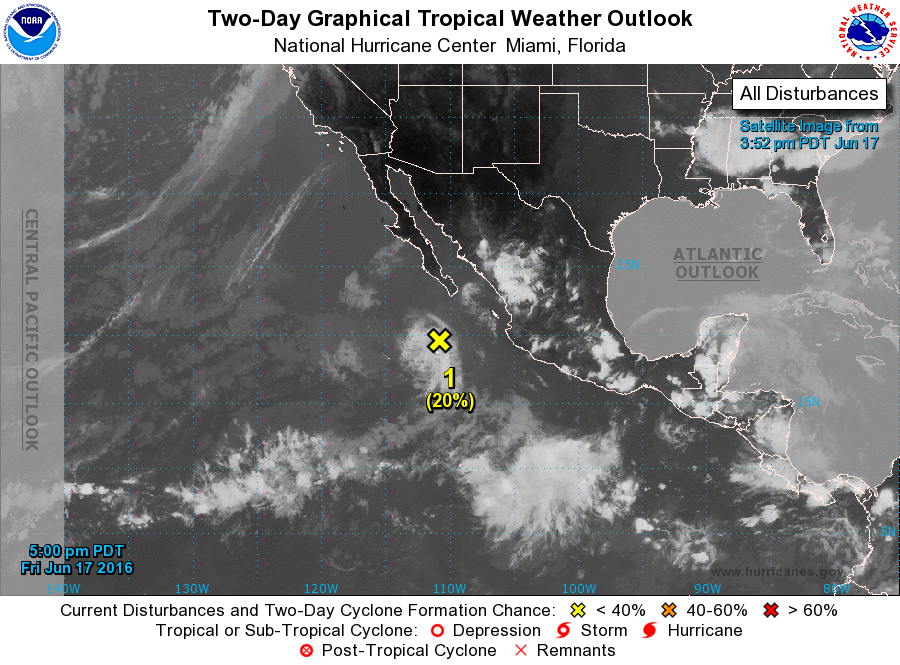
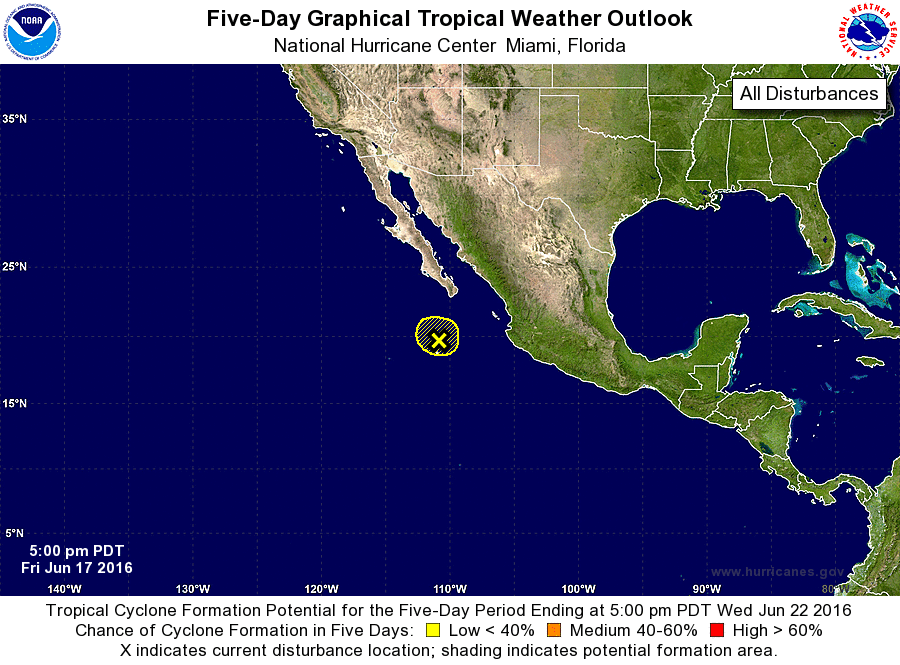
For the eastern North Pacific...east of 140 degrees west longitude:

1. Shower activity continues to decrease in association with a broad area of low pressure located about 200 miles south of the southern tip of the Baja California Peninsula or just north of Socorro Island. This system is moving west-northwestward at 10 to 15 mph into unfavorable environment conditions, and tropical cyclone formation is becoming less likely.
* Formation chance through 48 hours...low...20 percent
* Formation chance through 5 days...low...20 percent

Forecaster Stewart